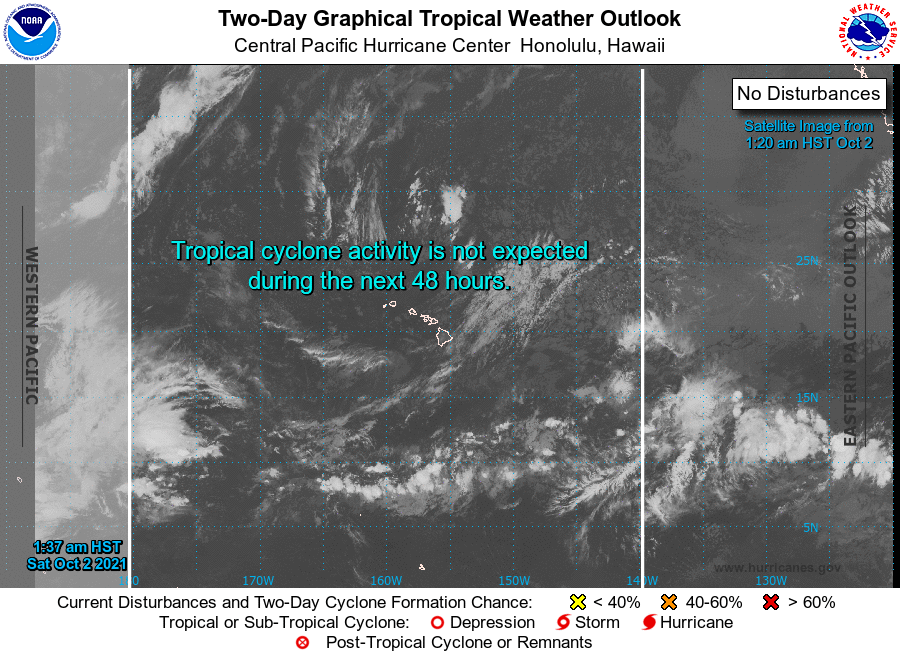
For the central North Pacific...between 140W and 180W:

No tropical cyclones are expected during the next 5 days.

Forecaster Jelsema